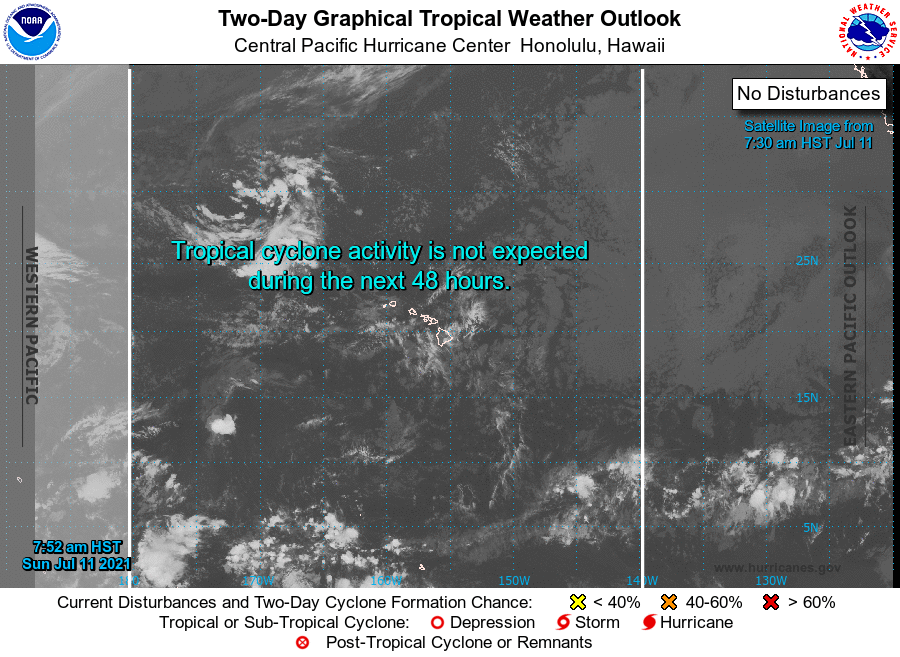
For the central North Pacific...between 140W and 180W:

No tropical cyclones are expected during the next 5 days.

Forecaster Foster